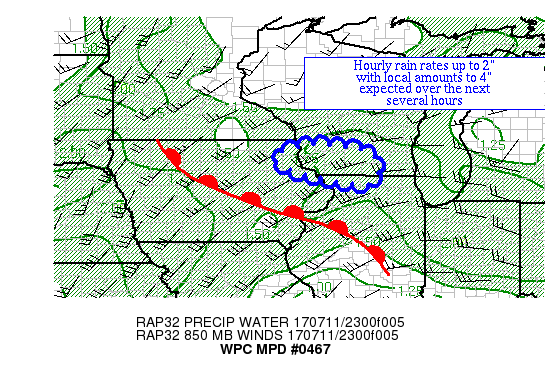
AREAS AFFECTED...NORTHEAST IA & SOUTHWEST WI

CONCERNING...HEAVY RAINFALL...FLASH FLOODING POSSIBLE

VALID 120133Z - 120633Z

SUMMARY...THUNDERSTORMS ARE EXPANDING IN COVERAGE ACROSS NORTHEAST
IA, ELEVATED OVER THE WARM FRONT.  HOURLY RAIN RATES UP TO 2" WITH
LOCAL AMOUNTS TO 4" ARE POSSIBLE.

DISCUSSION...CIN IS BEGINNING TO SET IN TO THE REGION, WHICH IN
ADDITION TO A JET STREAK MOVING THROUGH ALOFT IS ALLOWING ELEVATED
CONVECTION TO FORM WITHIN THE MU CAPE GRADIENT ACROSS NORTHEAST
IA, WHERE MU CAPE VALUES ARE ~3000 J/KG.  STORMS ARE MOVING EAST
AT ~20 KTS AT THE MOMENT, BUT ARE DEVELOPING A WEST-NORTHWEST/
EAST-SOUTHEAST ORIENTATION, WITH BOTH BACKBUILDING AND TRAINING
BEGINNING TO BE NOTED IN RADAR IMAGERY.  PRECIPITABLE WATER VALUES
ARE 1.5-1.75".  EFFECTIVE BULK SHEAR IS ~45 KTS PER SPC
MESOANALYSES. INFLOW AT 850 HPA IS WEST-SOUTHWEST AT 25-30 KTS,
SLIGHTLY EXCEEDING THE MEAN 850-400 HPA WIND.

LOW-LEVEL INFLOW IS EXPECTED TO RAMP UP FOR ANOTHER FEW HOURS,
WHICH SHOULD CONTINUE TO PROMOTE BACKBUILDING WHILE CONVECTION ON
THE EASTERN END MOVES ROUGHLY EASTWARD AT 20 KTS.  MESOCYCLONES
ARE POSSIBLE WITH THE AMOUNT OF BULK SHEAR PRESENT, WHICH WOULD
LEAD TO HEAVY RAINFALL.  FORWARD PROPAGATING CONVECTIVE VECTORS
SUPPORT A NORTH OF EAST MOTION WHILE A FORMING COLD POOL COULD
DIRECT THE CONVECTION ON A SLIGHTLY MORE SOUTHERLY TRAJECTORY.
THE MESOSCALE GUIDANCE IS NOT HANDLING THIS ACTIVITY WELL, WITH
THE 12Z ARW, 12Z NMMB, AND 12Z/18Z GFS HAVING A CLUE IN THIS
REGION.  AVAILABLE MOISTURE AND INSTABILITY SUPPORT HOURLY RAIN
RATES TO 2" WITH LOCAL AMOUNTS TO 4".